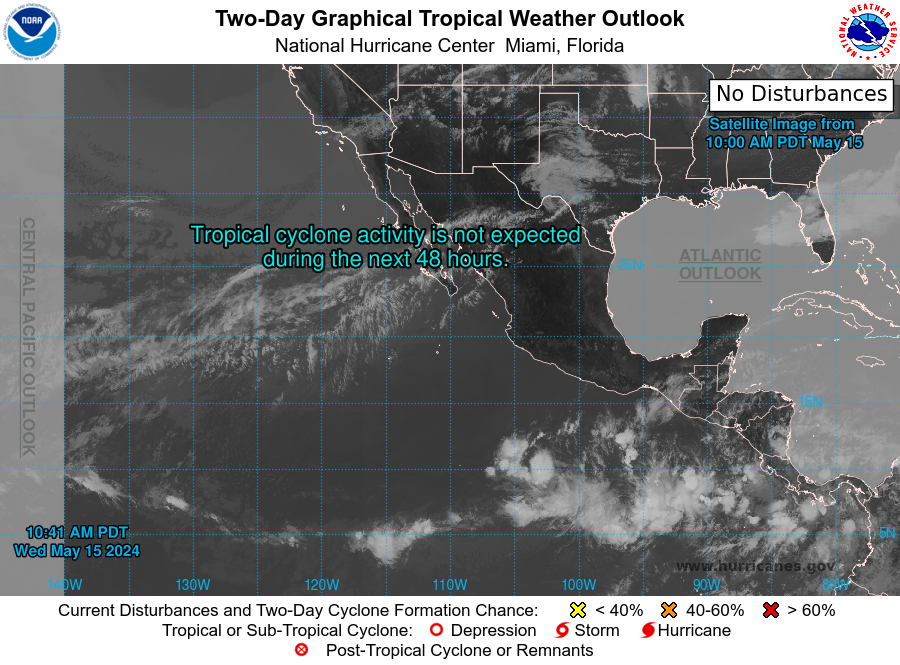
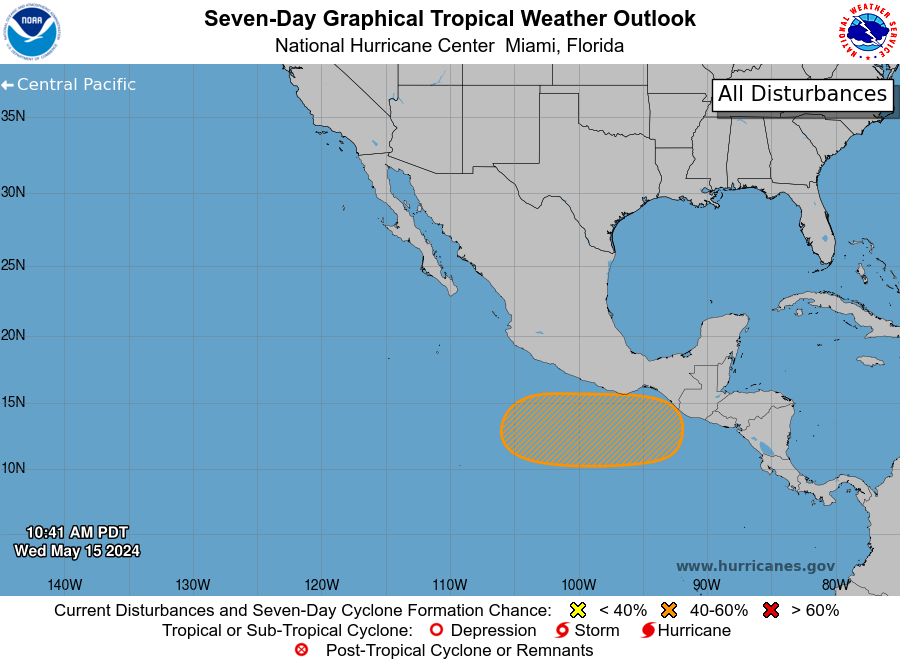
For the eastern North Pacific...east of 140 degrees west longitude:

1. South of the Coast of Mexico: An area of low pressure is forecast to form several hundred miles to the south of the Gulf of Tehuantepec within the next couple of days. Gradual development is possible thereafter, and a tropical depression could form over the weekend while the system moves slowly to the west-northwest or northwest, remaining south of the coast of Mexico through early next week.
* Formation chance through 48 hours...low...near 0 percent.
* Formation chance through 7 days...medium...40 percent.

Today marks the first day of the eastern North Pacific hurricane season, which will run until November 30. Long-term averages for the number of named storms, hurricanes, and major hurricanes are 15, 8, and 4, respectively.

The list of names for 2024 is as follows:

Name Pronunciation Name Pronunciation ------------------------------------------------------------- Aletta a-LET-ah Miriam MEER-ee-uhm Bud buhd Norman NOR-muhn Carlotta kar-LOT-uh Olivia oh-LEEV-ee-uh Daniel DAN-yuhl Paul pall Emilia eh-MILL-ya Rosa ROH-zuh Fabio FAH-bee-o Sergio SIR-gee-oh Gilma GIL-mah Tara TAIR-uh Hector HEHK-tor Vicente vee-CEN-tay Ileana ill-ay-AH-nah Willa WIH-lah John jahn Xavier ZAY-vee-ur Kristy KRIS-tee Yolanda yo-LAHN-da Lane layne Zeke zeek

A full list of eastern North Pacific basin tropical cyclone names and pronunciations can be found at: www.nhc.noaa.gov/pdf/aboutnames_pronounce_epac.pdf

This product, the Tropical Weather Outlook, briefly describes significant areas of disturbed weather and their potential for tropical cyclone formation during the next seven days. The issuance times of this product are 5 AM, 11 AM, 5 PM, and 11 PM PDT. After the change to standard time in November, the issuance times are 4 AM, 10 AM, 4 PM, and 10 PM PST.

A Special Tropical Weather Outlook will be issued to provide updates, as necessary, in between the regularly scheduled issuances of the Tropical Weather Outlook. Special Tropical Weather Outlooks will be issued under the same WMO and AWIPS headers as the regular Tropical Weather Outlooks.

A standard package of products, consisting of the tropical cyclone public advisory, the forecast/advisory, the cyclone discussion, and a wind speed probability product, is issued every six hours for all ongoing tropical cyclones. In addition, a special advisory package may be issued at any time to advise of significant unexpected changes or to modify watches or warnings.

NHC has the option to issue advisories, watches, and warnings for disturbances that are not yet a tropical cyclone, but which pose the threat of bringing tropical storm or hurricane conditions to land areas within 48 hours. For these land-threatening \"potential tropical cyclones\", NHC will issue the full suite of advisory and watch/warning products. Potential tropical cyclones share the naming conventions currently in place for tropical depressions, being numbered from a single list (e.g., \"One-E\", \"Two-E\", \"Three-E\", etc.).

The Tropical Cyclone Update is a brief statement to inform of significant changes in a tropical cyclone, to post or cancel watches or warnings, or to provide hourly position updates between intermediate advisories when the storm center is easily followed by radar. The Tropical Cyclone Update is also used in lieu of or to precede the issuance of a special advisory package. Tropical Cyclone Updates, which can be issued at any time, can be found under WMO header WTPZ61-65 KNHC, and under AWIPS header MIATCUEP1-5.

All NHC text and graphical products are available on the web at https://www.hurricanes.gov. More information on NHC text products can be found at https://www.hurricanes.gov/aboutnhcprod.shtml, while more information about NHC graphical products can be found at https://www.hurricanes.gov/aboutnhcgraphics.shtml. New and updated products for the 2024 season can be found at https://www.nhc.noaa.gov/pdf/NHC_Updates_2024.pdf

NHC is now providing Spanish language text products to include all Public Advisories, the Tropical Cyclone Discussion, the Tropical Cyclone Update, and Key Messages for the eastern Pacific basin. These products will use AI techniques tested in 2023. Links to Spanish-language advisory products will be available on hurricanes.gov. Information on headers for Spanish language products can be found in the 2024 new and updated products for the 2024 season document at: https://www.nhc.noaa.gov/pdf/NHC_Updates_2024.pdf

You can also interact with NHC on Facebook at https://www.facebook.com/NWSNHC. Notifications are available via Twitter when select NHC products are issued. Information about our eastern Pacific Twitter feed is available at https://www.hurricanes.gov/twitter.php

Forecaster Hagen/Blake